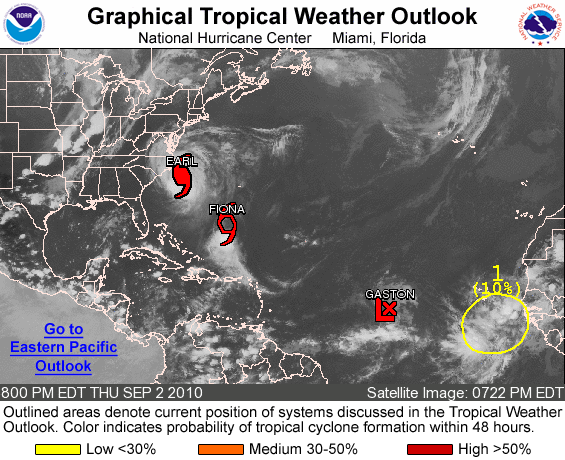
FOR THE NORTH ATLANTIC...CARIBBEAN SEA AND THE GULF OF MEXICO...

THE NATIONAL HURRICANE CENTER IS ISSUING ADVISORIES ON HURRICANE EARL...LOCATED ABOUT 160 MILES SOUTH-SOUTHEAST OF CAPE HATTERAS NORTH CAROLINA...AND ON TROPICAL STORM FIONA...LOCATED ABOUT 425 MILES SOUTH-SOUTHWEST OF BERMUDA.

THE NATIONAL HURRICANE CENTER HAS ISSUED ITS LAST ADVISORY ON TROPICAL DEPRESSION GASTON WHICH DEGENERATED INTO A REMNANT LOW ABOUT 1000 MILES WEST OF THE CAPE VERDE ISLANDS. ENVIRONMENTAL CONDITIONS COULD BECOME A LITTLE MORE CONDUCIVE FOR DEVELOPMENT AS THE LOW MOVES WESTWARD AT 5 TO 10 MPH DURING THE NEXT COUPLE OF DAYS. THERE IS A LOW CHANCE...20 PERCENT...OF THIS SYSTEM BECOMING A TROPICAL CYCLONE DURING THE NEXT 48 HOURS.

1. A VIGOROUS TROPICAL WAVE BETWEEN THE WEST COAST OF AFRICA AND THE CAPE VERDE ISLANDS IS PRODUCING A LARGE AREA OF DISORGANIZED SHOWERS AND THUNDERSTORMS. SOME SLOW DEVELOPMENT OF THIS SYSTEM IS POSSIBLE DURING THE NEXT COUPLE OF DAYS AS IT MOVES WESTWARD NEAR 10 MPH. THERE IS A LOW CHANCE...10 PERCENT...OF THIS SYSTEM BECOMING A TROPICAL CYCLONE DURING THE NEXT 48 HOURS.

ELSEWHERE...TROPICAL CYCLONE FORMATION IS NOT EXPECTED DURING THE NEXT 48 HOURS.

FORECASTER BROWN